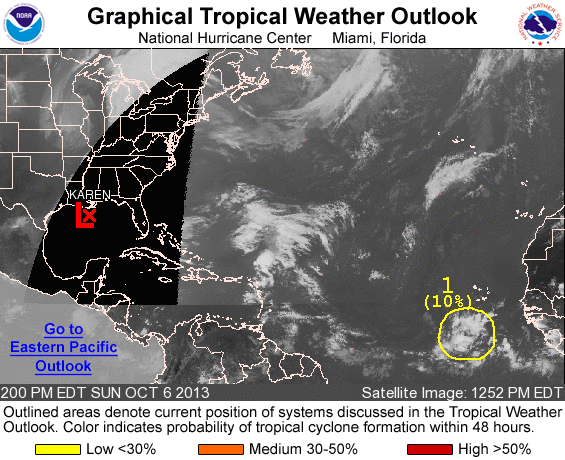
FOR THE NORTH ATLANTIC...CARIBBEAN SEA AND THE GULF OF MEXICO...

THE NATIONAL HURRICANE CENTER HAS ISSUED THE LAST ADVISORY ON THE REMNANTS OF KAREN...LOCATED OVER THE NORTH-CENTRAL GULF OF MEXICO. ADDITIONAL INFORMATION ON THE REMNANTS OF KAREN CAN BE FOUND IN HIGH SEAS FORECASTS ISSUED BY THE NATIONAL WEATHER SERVICE.

1. A TROPICAL WAVE LOCATED ABOUT 500 MILES SOUTH-SOUTHWEST OF THE CAPE VERDE ISLANDS IS PRODUCING AN AREA OF DISORGANIZED SHOWERS AND THUNDERSTORMS. SOME GRADUAL DEVELOPMENT OF THIS SYSTEM IS POSSIBLE BEFORE ENVIRONMENTAL CONDITIONS BECOME LESS CONDUCIVE LATER THIS WEEK. THIS SYSTEM HAS A LOW CHANCE...10 PERCENT...OF BECOMING A TROPICAL CYCLONE DURING THE NEXT 48 HOURS...AND A MEDIUM CHANCE... 30 PERCENT...OF BECOMING A TROPICAL CYCLONE DURING THE NEXT 5 DAYS AS IT MOVES GENERALLY WEST-NORTHWESTWARD AT 10 TO 15 MPH.

HIGH SEAS FORECASTS ISSUED BY THE NATIONAL WEATHER SERVICE CAN BE FOUND UNDER AWIPS HEADER NFDHSFAT1 AND WMO HEADER FZNT01 KWBC.

FIVE-DAY FORMATION PROBABILITIES ARE EXPERIMENTAL IN 2013. COMMENTS ON THE EXPERIMENTAL FORECASTS CAN BE PROVIDED AT...

HTTP://WWW.NWS.NOAA.GOV/SURVEY/NWS-SURVEY.PHP?CODE=ETWO

FORECASTER BRENNAN